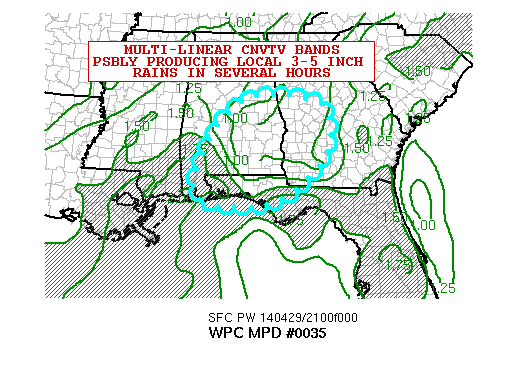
AREAS AFFECTED...SOUTHEAST AL..FL PANHANDLE..SW GA

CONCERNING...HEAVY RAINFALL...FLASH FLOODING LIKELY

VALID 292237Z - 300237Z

SUMMARY...INCREASING THREAT OF HEAVY TO EXCESSIVE RAINS OVER THE
NEXT SEVERAL HOURS ACROSS PORTIONS OF SE/SRN AL...THE FLORIDA
PANHANDLE...INTO SW GA AS THUNDERSTORMS INCREASE IN RESPONSE TO
THE STG MSTR FLUX WORKING NEWD FROM THE CNTL GULF.

DISCUSSION...LATEST SATL AND RADAR IMAGERY SHOWS SEVERAL CLUSTERS
OF STG TSTMS DVLPG OVER THE LOWER MS VALLEY AND ERN GULF COAST IN
RESPONSE TO INCREASING MSTR FLUX AND HI CAPE AIR WORKING NEWD
AHEAD OF COLD FRONT PUSHING EWD ACRS THE LOWER MS VALLEY.  PWS
HAVE INCREASED TO OVER 1.70 INCHES ALONG THE CNTL GULF COAST
AROUND WRN PERIPHERY OF EARLIER CONVECTION WHICH HAS WEAKENED OVER
PARTS OF SRN GA AND THE EASTERN FL PANHANDLE.

THE STRONG MSTR FLUX AND INCREASINGLY HIGH CAPE AIR WILL LIKELY
CONTINUE TO EXPAND NEWD THIS EVENING THRU SRN AL/FL PANHANDLE
REGION.  EXPECT MULTI-CELLED STORMS CURRENTLY OVER ERN MS INTO WRN
AL TO BECOME A BIT MORE ORGANIZED INTO LINEAR BANDS AS THEY
ENCOUNTER DEEPER MSTR TO THE EAST.  SOME HI RES
MODELS...ESPECIALLY THE LATEST HRRR RUN...SUGGEST ACTIVITY NEAR
THE FL PANHANDLE COULD BECOME QUITE ORGANIZED THIS EVENING...WITH
CORFIDI VECTORS SHOWING VERY WEAK STEERING FLOW ACRS A LARGE
PORTION OF THE OUTLOOK AREA TOWARD MIDNIGHT.  ADDITIONAL STG BANDS
THAT COULD ALIGN THEMSELVES WITH THE UPR FLOW WITH POTNL TRAINING
COULD DVLP FARTHER EAST INTO ECNTL AL/SW GA LATER THIS EVENING
INTO THE OVERNIGHT PD.  RAINFALL AMOUNTS OF BETWEEN 3 TO 5 INCHES
WILL BE PSBL IN SOME OF THE MORE ORGANIZED BANDS ACRS THE THREAT
AREA.